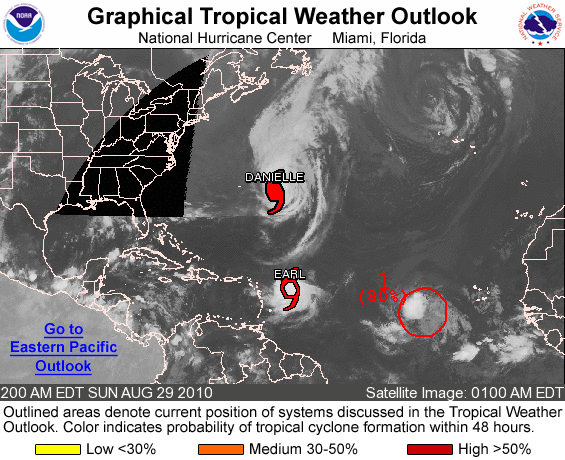
FOR THE NORTH ATLANTIC...CARIBBEAN SEA AND THE GULF OF MEXICO...

THE NATIONAL HURRICANE CENTER IS ISSUING ADVISORIES ON HURRICANE DANIELLE...LOCATED ABOUT 355 MILES EAST OF BERMUDA...AND ON TROPICAL STORM EARL...LOCATED ABOUT 465 MILES EAST-SOUTHEAST OF THE NORTHERN LEEWARD ISLANDS.

1. SHOWERS AND THUNDERSTORMS CONTINUE IN ASSOCIATION WITH AN AREA OF LOW PRESSURE LOCATED ROUGHLY MIDWAY BETWEEN THE WEST COAST OF AFRICA AND THE LESSER ANTILLES. THE CIRCULATION AROUND THIS LOW HAS BECOME BETTER DEFINED THIS EVENING...AND A TROPICAL DEPRESSION COULD FORM AT ANY TIME DURING THE NEXT DAY OR TWO. THERE IS A HIGH CHANCE...80 PERCENT...OF THIS SYSTEM BECOMING A TROPICAL CYCLONE DURING THE NEXT 48 HOURS AS IT MOVES WESTWARD TO WEST-NORTHWESTWARD AT ABOUT 20 MPH.

ELSEWHERE...TROPICAL CYCLONE FORMATION IS NOT EXPECTED DURING THE NEXT 48 HOURS.

FORECASTER FRANKLIN